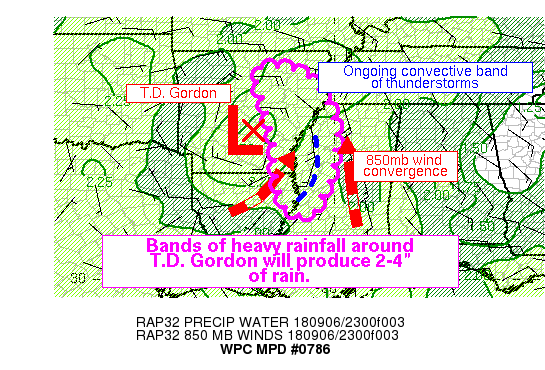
Areas affected...Western MS, extreme NE LA, and SE AR

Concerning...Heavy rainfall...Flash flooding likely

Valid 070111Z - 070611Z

Summary...Developing convective band to the east of Tropical
Depression Gordon will strengthen and expand NW from MS into AR
this evening. Training of echoes will produce very heavy rainfall
rates, and 2-4" of rainfall will likely produce flash flooding.

Discussion...The center of T.D. Gordon was located across central
Arkansas this evening. Despite the disorganized look of convection
around this feature, a strengthening band of thunderstorms was
developing in a region of confluent 850mb flow SE of the
circulation center. Anomalously high PWAT analyzed on the 00Z LZK
sounding of 2.1 inches is above the 90th percentile for the date,
and RAP soundings suggest these will climb even higher. In this
environment, low-level confluence is working in tandem with
diffluence aloft within the anticyclone atop Gordon noted on
GOES-16 WV Imagery and MLCape over 1000 J/kg to drive strong omega
supportive of thunderstorms despite overall weak lapse rates less
than 6C/km.

Efficient warm rainfall processes are expected in warm cloud
depths approaching 15 kft, and although recent KDP observations
from KDGX show values greater than 2 in the stronger storms, even
the less-efficient rain processes there will produce rainfall
rates of 1-2+" per hour. 0-6km mean wind of around 15 kts will
allow storms to move relatively quickly to the N/NW around Gordon,
but training of cells is likely. Total rainfall of 2-4" is
expected, with isolated higher amounts, and flash flooding is
likely across the threat area, especially across NW MS and SE AR.